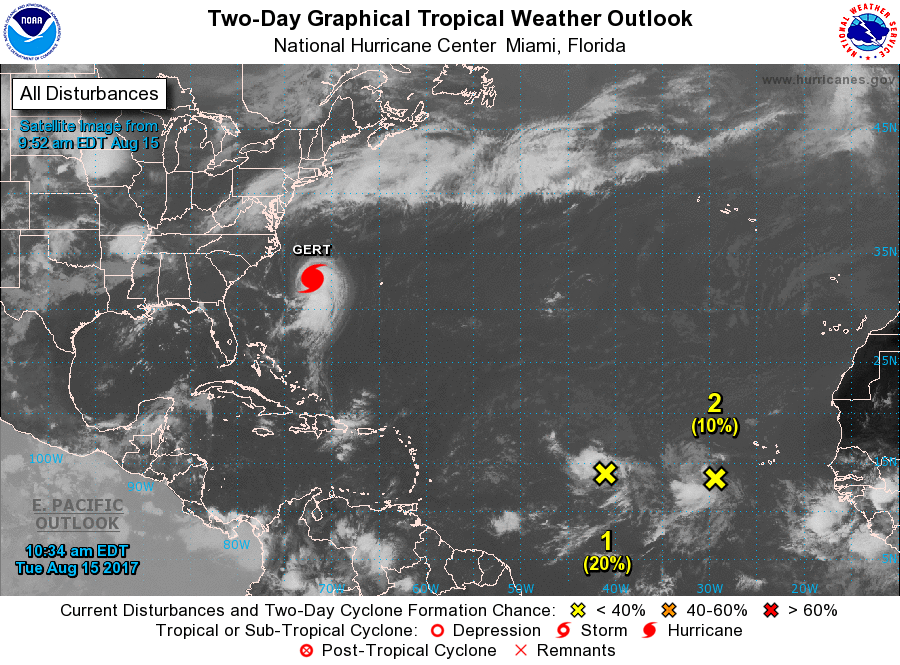
For the North Atlantic...Caribbean Sea and the Gulf of Mexico:

The National Hurricane Center is issuing advisories on Hurricane Gert, located several hundred miles west of Bermuda.

1. An elongated area of low pressure located more than a thousand miles east of the Lesser Antilles is producing disorganized showers and thunderstorms. This system is expected to move westward at 15 to 20 mph across the tropical Atlantic Ocean, crossing into the Caribbean Sea on Friday. Environmental conditions appear somewhat supportive of tropical cyclone formation over the next few days but should become less favorable once the system moves into the Caribbean Sea.
* Formation chance through 48 hours...low...20 percent.
* Formation chance through 5 days...medium...40 percent.

2. A second area of low pressure, associated with a tropical wave, is also producing disorganized shower and thunderstorm activity a few hundred miles west-southwest of the Cabo Verde Islands. Environmental conditions could be conducive for some slow development of this system over the next few days while it moves westward to west-northwestward at 15 to 20 mph.
* Formation chance through 48 hours...low...10 percent.
* Formation chance through 5 days...low...20 percent.

3. A tropical wave over western Africa is forecast to emerge over the far eastern Atlantic Ocean on Wednesday. Conditions appear conducive for some development after that time while the wave moves westward to west-northwestward at about 15 mph.
* Formation chance through 48 hours...low...near 0 percent.
* Formation chance through 5 days...low...20 percent.

Forecaster Berg